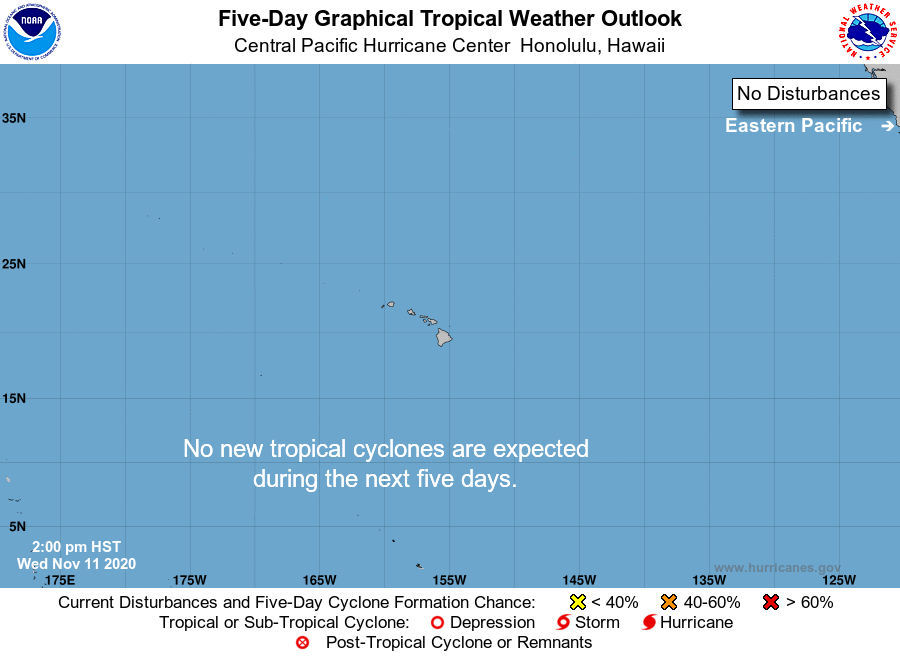
For the central North Pacific...between 140W and 180W:

No tropical cyclones are expected during the next 5 days.

Forecaster Birchard